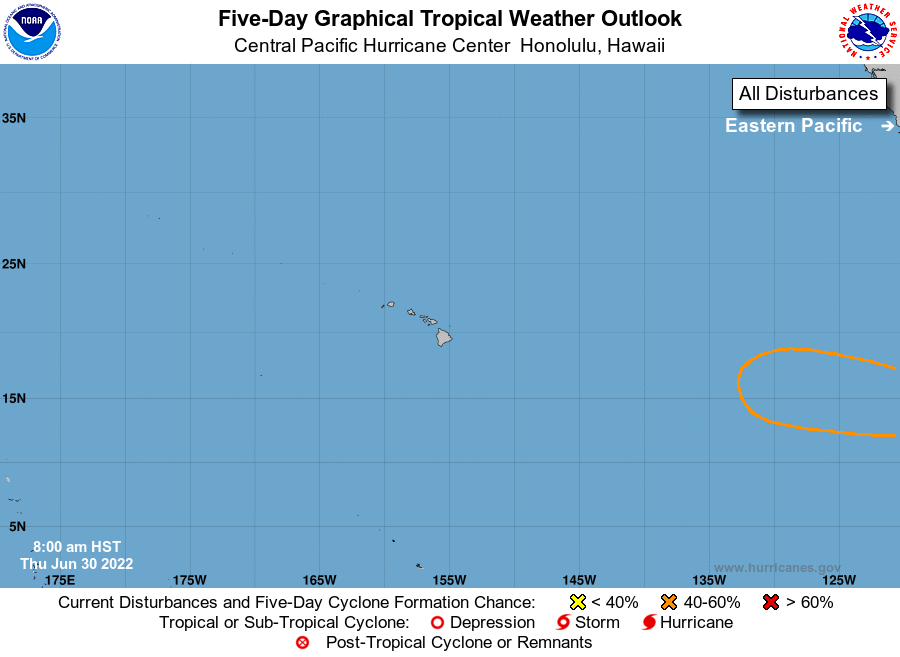
For the central North Pacific...between 140W and 180W:

No tropical cyclones are expected during the next 5 days.

Forecaster Birchard